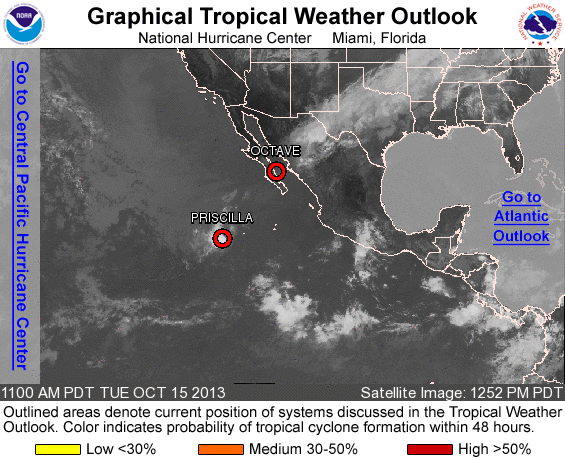
FOR THE EASTERN NORTH PACIFIC...EAST OF 140 DEGREES WEST LONGITUDE..

THE NATIONAL HURRICANE CENTER IS ISSUING ADVISORIES ON TROPICAL DEPRESSION OCTAVE...LOCATED OVER THE GULF OF CALIFORNIA NEAR THE WEST COAST OF MAINLAND MEXICO...AND ON TROPICAL STORM PRISCILLA... LOCATED SEVERAL HUNDRED MILES SOUTHWEST OF THE SOUTHERN TIP OF THE BAJA CALIFORNIA PENINSULA.

TROPICAL CYCLONE FORMATION IS NOT EXPECTED DURING THE NEXT FIVE DAYS.

&&
FIVE-DAY FORMATION PROBABILITIES ARE EXPERIMENTAL IN 2013. COMMENTS ON THE EXPERIMENTAL FORECASTS CAN BE PROVIDED AT...

HTTP://WWW.NWS.NOAA.GOV/SURVEY/NWS-SURVEY.PHP?CODE=ETWO

FORECASTER BERG